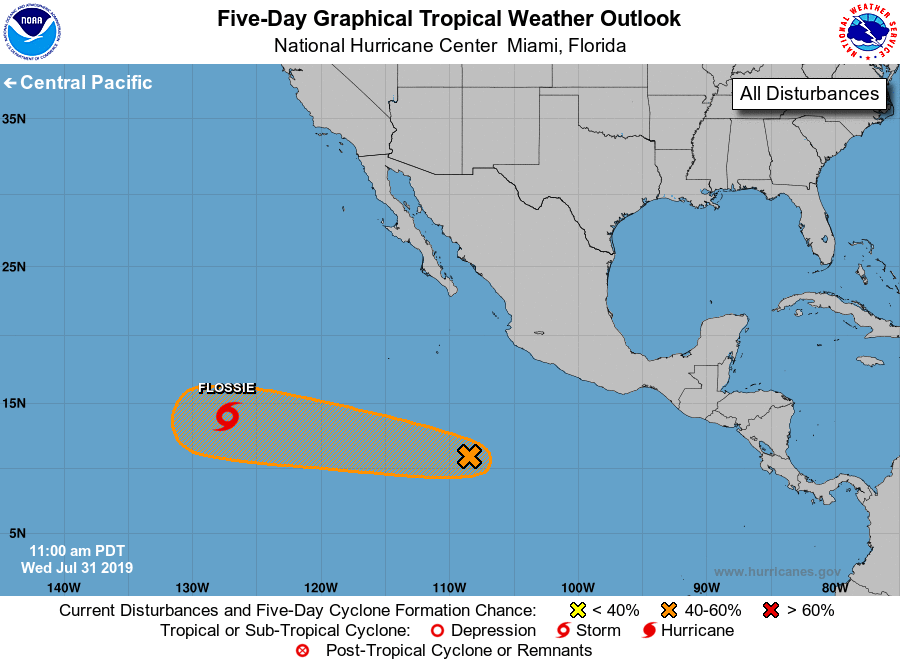
For the eastern North Pacific...east of 140 degrees west longitude:

The National Hurricane Center is issuing advisories on Hurricane Flossie, located more than a thousand miles west-southwest of the southern tip of the Baja California peninsula.

1. A broad area of low pressure located several hundred miles south of the southern tip of the Baja California peninsula continues to produce disorganized showers and thunderstorms. Upper-level winds are forecast to be marginally conducive for development, and a tropical depression could form over the weekend while the low moves westward or west-northwestward at about 15 mph.
* Formation chance through 48 hours...low...10 percent.
* Formation chance through 5 days...medium...50 percent.

Forecaster Cangialosi